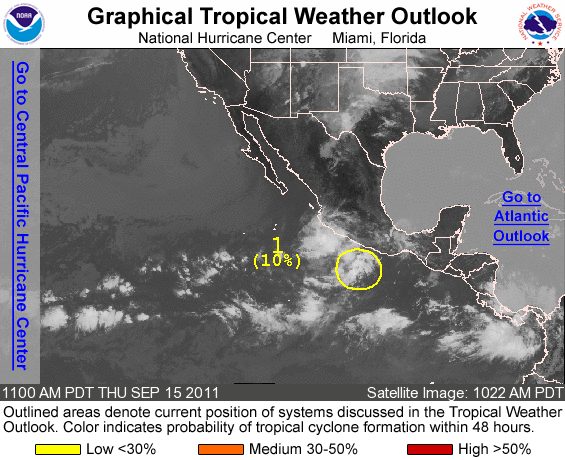
FOR THE EASTERN NORTH PACIFIC...EAST OF 140 DEGREES WEST LONGITUDE..

1. DISORGANIZED SHOWER ACTIVITY CONTINUES IN ASSOCIATION WITH AN AREA OF DISTURBED WEATHER LOCATED A FEW HUNDRED MILES SOUTH-SOUTHWEST OF ACAPULCO MEXICO. THIS SYSTEM HAS A LOW CHANCE...10 PERCENT...OF BECOMING A TROPICAL CYCLONE DURING THE NEXT 48 HOURS AS IT MOVES WESTWARD AT ABOUT 10 MPH.

ELSEWHERE...TROPICAL CYCLONE FORMATION IS NOT EXPECTED DURING THE NEXT 48 HOURS.

FORECASTER BEVEN